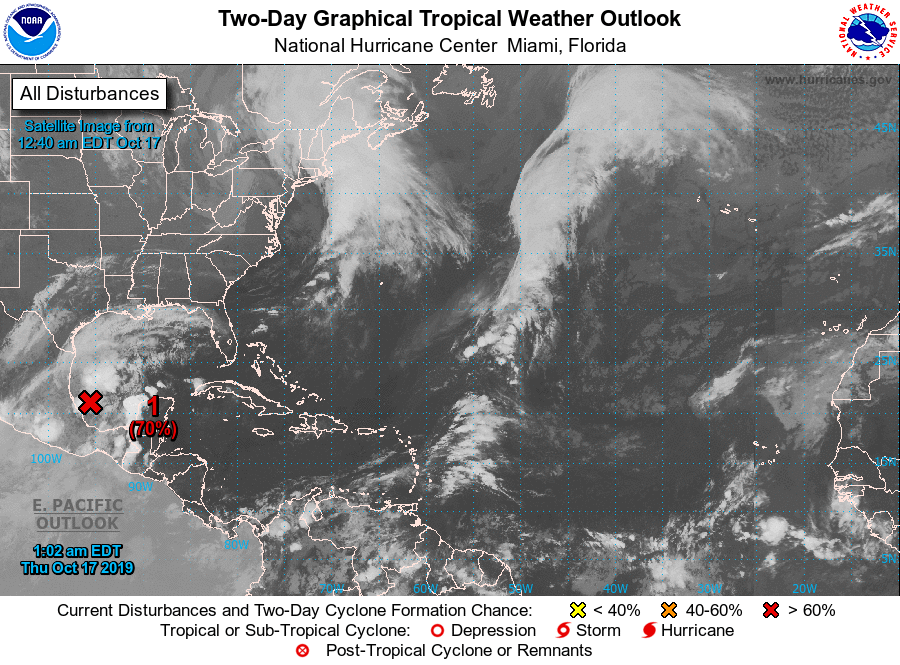
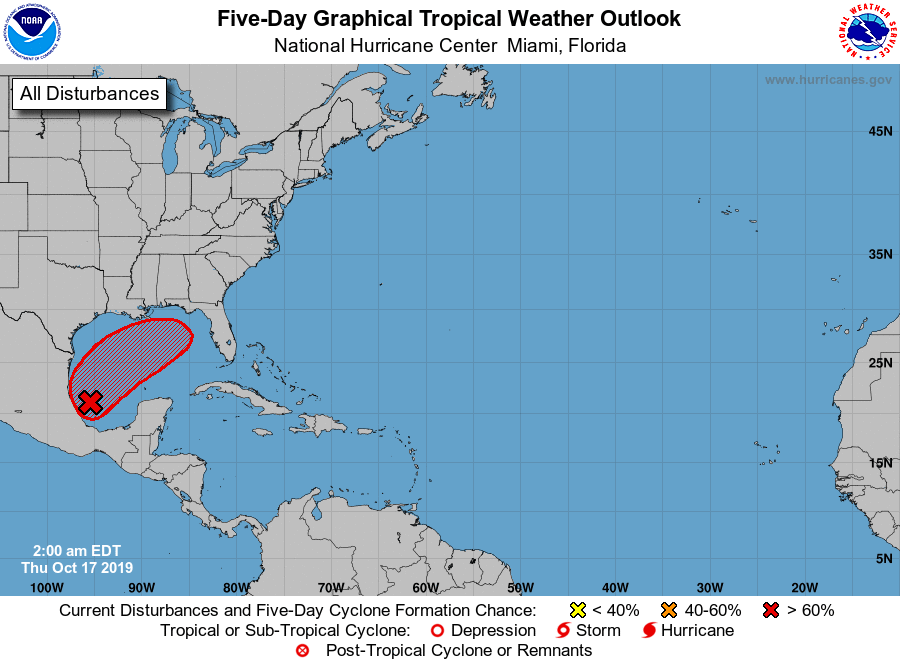
For the North Atlantic...Caribbean Sea and the Gulf of Mexico:

1. Showers and thunderstorms associated with a broad area of low pressure located over the Bay of Campeche have increased and become a little better organized during the past several hours. Recent satellite wind data also indicate that the system is producing winds to near tropical storm force. Environmental conditions are expected to be conducive for additional development, and a tropical or subtropical storm is likely to form later today or tonight while the system moves generally northeastward over the western Gulf of Mexico. The low is forecast to approach the northern or northeastern Gulf Coast on Friday or Saturday and regardless of development, the system is likely to produce gusty winds and rough surf over those areas. Heavy rainfall is also possible across portions of the southeast U.S. late this week and this weekend. Interests along the northern and northeastern Gulf coast should monitor the progress of this system. For more information about marine hazards while the low moves across the Gulf of Mexico during the next couple of days, see products issued by the Tropical Analysis and Forecast Branch of the National Hurricane Center. An Air Force Reserve reconnaissance aircraft is scheduled to investigate the system this afternoon, if necessary.
* Formation chance through 48 hours...high...70 percent.
* Formation chance through 5 days...high...70 percent.

High Seas Forecasts issued by the National Weather Service can be found under AWIPS header NFDHSFAT1, WMO header FZNT01 KWBC, and online at ocean.weather.gov/shtml/NFDHSFAT1.php

Offshore Waters Forecasts for the Gulf of Mexico issued by the National Weather Service can be found under AWIPS header MIAOFFNT4, WMO header FZNT24 KNHC, and online at www.hurricanes.gov/text/MIAOFFNT4.shtml

Forecaster Brown